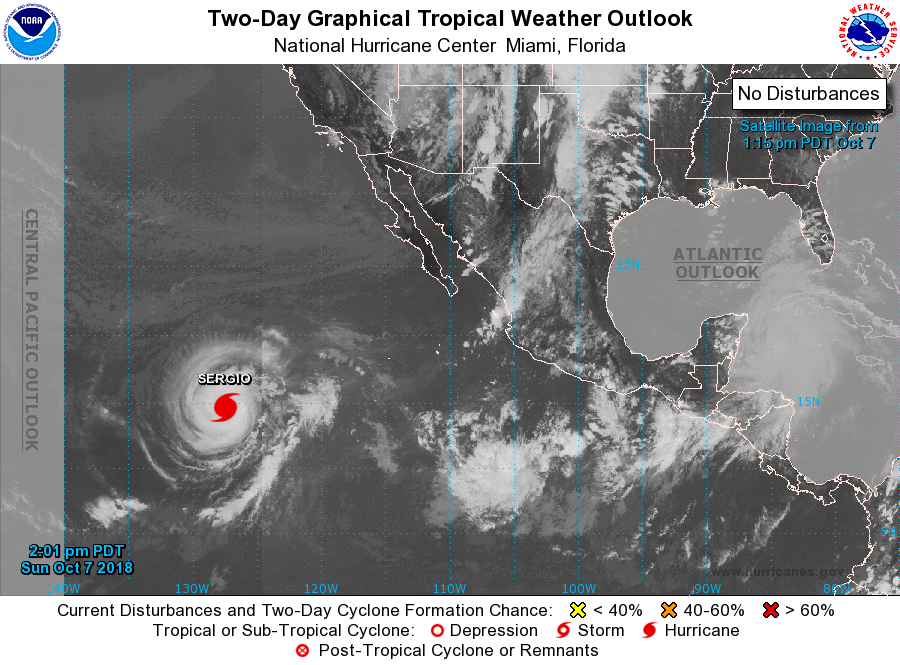
For the eastern North Pacific...east of 140 degrees west longitude:

The National Hurricane Center is issuing advisories on Hurricane Sergio, located about 1250 miles west-southwest of the southern tip of the Baja California peninsula.

Tropical cyclone formation is not expected during the next 5 days.

Forecaster Brown